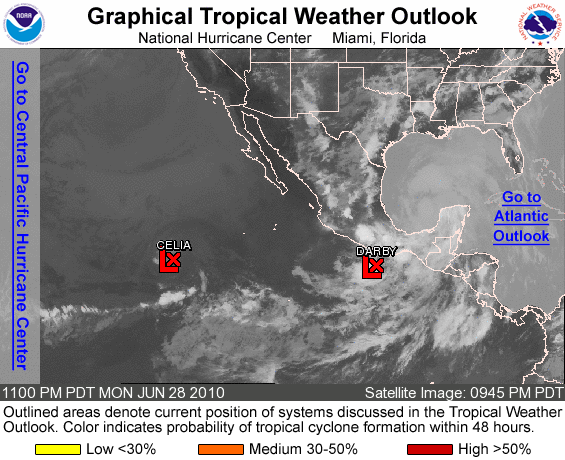
FOR THE EASTERN NORTH PACIFIC...EAST OF 140 DEGREES WEST LONGITUDE..

THE NATIONAL HURRICANE CENTER HAS ISSUED THE LAST ADVISORY ON BLANCA....WHICH HAS BECOME A REMNANT LOW ABOUT 1045 MILES WEST-SOUTHWEST OF THE SOUTHERN TIP OF BAJA CALIFORNIA.

1. A LARGE AREA OF SHOWERS AND THUNDERSTORMS LOCATED OVER PORTIONS OF SOUTHEASTERN MEXICO...GUATEMALA...AND EL SALVADOR...IS ASSOCIATED WITH THE SOUTHERN CIRCULATION OF ATLANTIC TROPICAL STORM ALEX. LOCALLY HEAVY RAINS ARE POSSIBLE DURING THE NEXT SEVERAL DAYS AS ALEX MOVES OVER THE SOUTHWESTERN GULF OF MEXICO. THESE RAINS COULD CAUSE LIFE-THREATENING FLASH FLOOD AND MUD SLIDES...ESPECIALLY OVER HIGHER TERRAIN. THERE IS A LOW CHANCE...NEAR 0 PERCENT...OF THIS SYSTEM BECOMING A TROPICAL CYCLONE DURING THE NEXT 48 HOURS.

ELSEWHERE...TROPICAL CYCLONE FORMATION IS NOT EXPECTED DURING THE NEXT 48 HOURS.

FORECASTER ROBERTS/STEWART